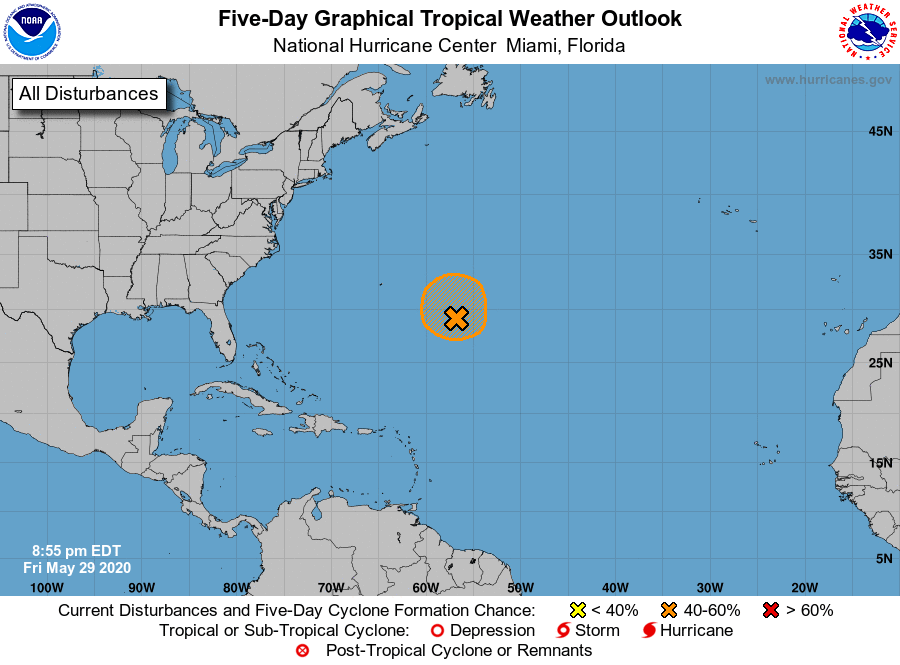
For the North Atlantic...Caribbean Sea and the Gulf of Mexico:

Special Tropical Weather Outlook issued to discuss the area of low pressure over the central Atlantic.

1. A broad area of low pressure is located over the central Atlantic. This disturbance and a nearby upper-level low are combining to produce a wide area of showers and thunderstorms. The organization of the disturbance has not changed substantially during the past several hours, but a subtropical depression could still form tonight or tomorrow while the system moves generally northward. Further development is not expected after that time due to unfavorable environmental conditions. The next Special Tropical Weather Outlook will be issued by 9 AM EDT Saturday, or earlier if necessary.
* Formation chance through 48 hours...medium...50 percent.
* Formation chance through 5 days...medium...50 percent.

Forecaster Zelinsky